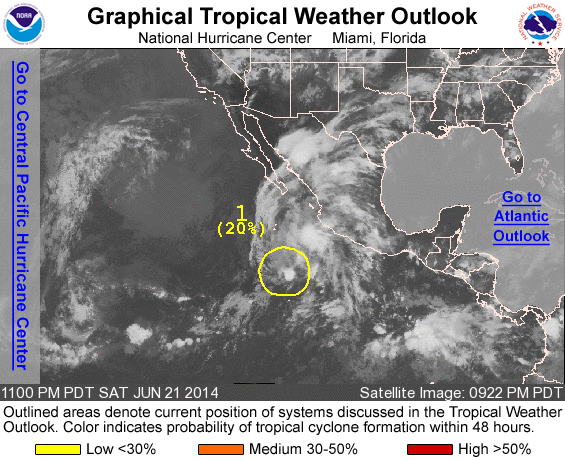
For the eastern North Pacific...east of 140 degrees west longitude:

1. Disorganized showers and thunderstorms continue in association with a weak area of low pressure located about 500 miles southwest of Manzanillo, Mexico. Upper-level winds are expected to remain unfavorable for tropical cyclone formation, and any development of this system is expected to be slow to occur while it moves northward at 10 to 15 mph.
* Formation chance through 48 hours...low...20 percent.
* Formation chance through 5 days...low...20 percent.

Forecaster Brennan